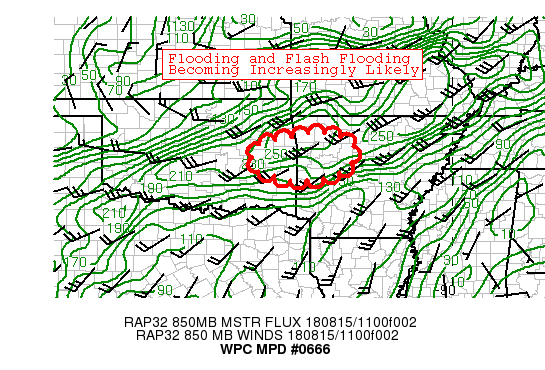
Areas affected...Eastern OK and Western AR

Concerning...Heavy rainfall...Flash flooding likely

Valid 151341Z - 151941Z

SUMMARY...Flash flooding becoming increasingly likely through the
morning hours across portions of eastern Oklahoma and western
Arkansas.

DISCUSSION...An area of convection continues to stream eastward
across eastern Oklahoma into western Arkansas. This activity is
developing ahead of a well defined mid level shortwave moving
across central Oklahoma...as noted by the robust drying in the mid
level water vapor imagery. There also appears to be a smaller
scale MCV embedded within the broader shortwave trough...evident
on radar approaching the Oklahoma/Arkansas border at 13z. Both of
these features will continue to provide deep layer ascent...along
with enhanced southwesterly low level flow to their south and
east. This enhanced flow is maintaining a persistent axis of low
level moisture transport into Oklahoma and Arkansas.

Recent MRMS rainfall rate trends do show a gradual broadening and
enhancement of hourly totals across the area. IR satellite shows
some brief pulses of colder cloud tops...but have yet to see an
expansion and maintenance of colder cloud tops. Thus still a bit
unclear how widespread the excessive rainfall amounts will be.
With that said, the extended duration of favorable mid/upper level
dynamics and low level moisture transport, supports a continuation
of showers and embedded heavier convective cores into at least the
early afternoon hours ahead of the slow moving shortwave trough
axis.

Recent runs of the HRRR continue to depict localized 3-6" rainfall
amounts into early afternoon...and is in pretty close agreement to
some of the 06z HREF guidance. This system does have a history of
producing small scale excessive rainfall amounts...most recently
near Oklahoma City and across far southeast Kansas. Thus while
widespread extreme rainfall amounts may not necessarily
occur...smaller scale 5"+ amounts appear probable. Given this
potential, and locally heavy antecedent rainfall over the area,
some flooding and flash flood concerns appear likely into the
afternoon hours.